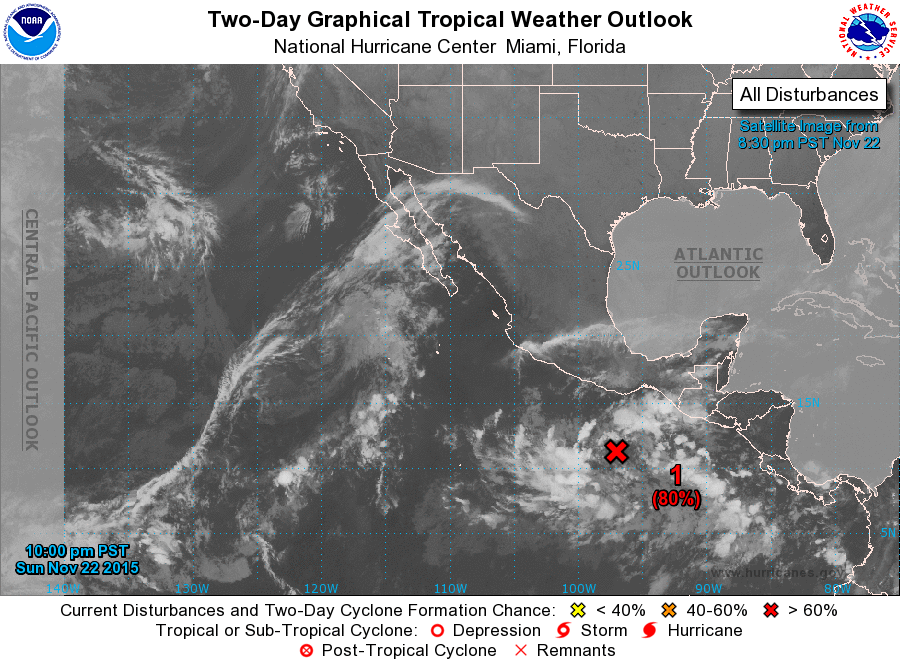
For the eastern North Pacific...east of 140 degrees west longitude:

1. A low pressure area located about 400 miles south-southeast of Acapulco, Mexico, is gradually becoming better defined. Environmental conditions are forecast to be conducive for development, and a tropical depression is expected to form several hundred miles south or southwest of the southern coast of Mexico during the next day or two while the low moves generally westward at about 15 mph.
* Formation chance through 48 hours...high...80 percent
* Formation chance through 5 days...high...90 percent

Forecaster Cangialosi